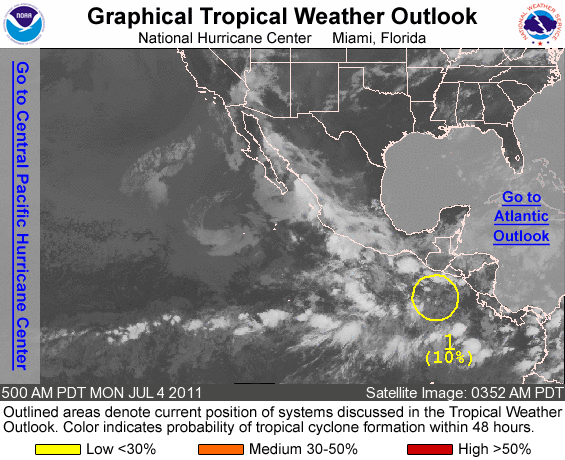
FOR THE EASTERN NORTH PACIFIC...EAST OF 140 DEGREES WEST LONGITUDE..

1. A BROAD AREA OF LOW PRESSURE LOCATED ABOUT 300 MILES SOUTH OF THE COAST OF GUATEMALA IS PRODUCING WIDESPREAD CLOUDINESS BUT LIMITED SHOWER ACTIVITY. HOWEVER...ENVIRONMENTAL CONDITIONS APPEAR FAVORABLE FOR SOME GRADUAL DEVELOPMENT OF THIS DISTURBANCE AS IT MOVES WEST-NORTHWESTWARD AT 5 TO 10 MPH OVER THE NEXT COUPLE OF DAYS. THERE IS A LOW CHANCE...10 PERCENT...OF THIS SYSTEM BECOMING A TROPICAL CYCLONE DURING THE NEXT 48 HOURS.

ELSEWHERE...TROPICAL CYCLONE FORMATION IS NOT EXPECTED DURING THE NEXT 48 HOURS.

FORECASTER BROWN